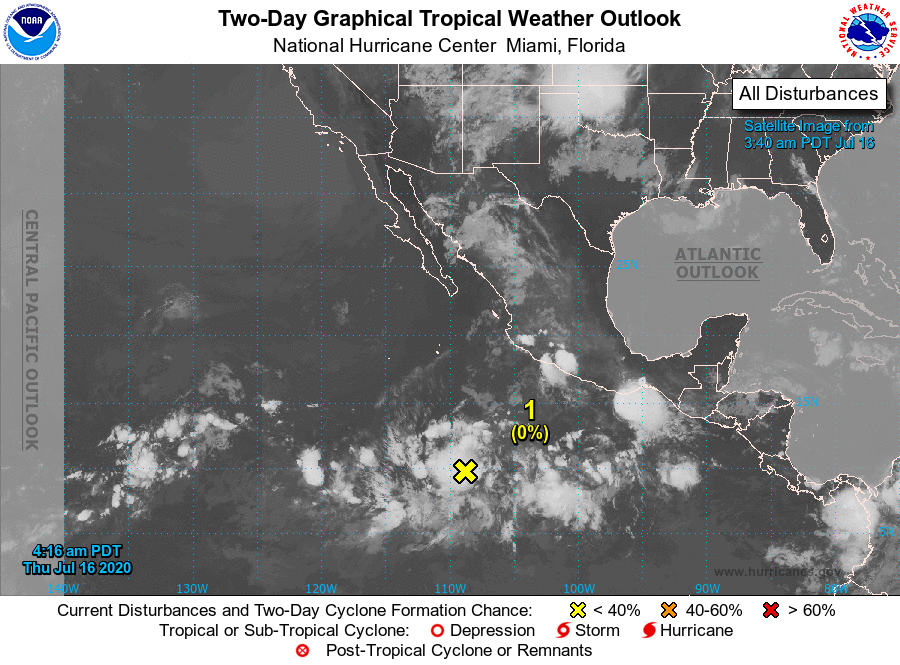
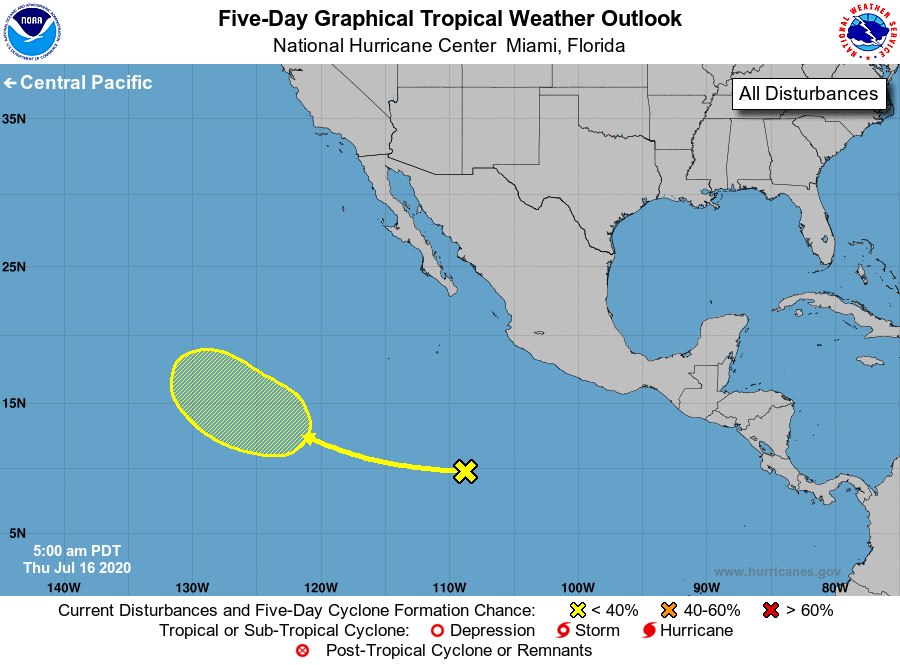
For the eastern North Pacific...east of 140 degrees west longitude:

1. A tropical wave is producing an area of disorganized showers and thunderstorms several hundred miles southwest of the coast of southwestern Mexico. An area of low pressure is forecast to form from this system in a few days, and some development is possible over the weekend or early next week while it moves toward the west-northwest or northwest at 15 to 20 mph.
* Formation chance through 48 hours...low...near 0 percent.
* Formation chance through 5 days...low...30 percent.

Forecaster Berg